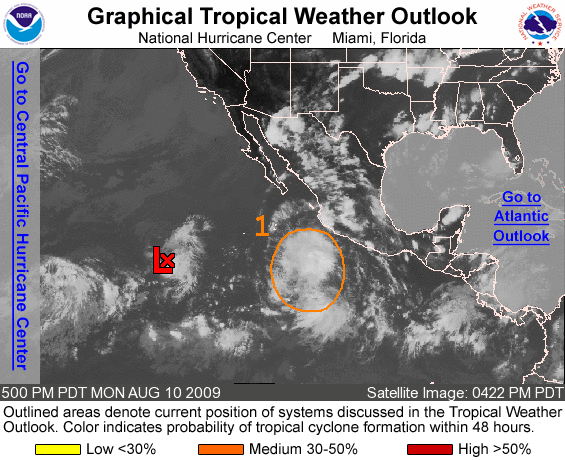
FOR THE EASTERN NORTH PACIFIC...EAST OF 140 DEGREES WEST LONGITUDE..

THE NATIONAL HURRICANE CENTER IS ISSUING ADVISORIES ON TROPICAL DEPRESSION NINE-E...LOCATED ABOUT 1075 MILES WEST-SOUTHWEST OF THE SOUTHERN TIP OF BAJA CALIFORNIA.

1. A BROAD AREA OF LOW PRESSURE LOCATED ABOUT 500 MILES SOUTH OF MANZANILLO MEXICO CONTINUES TO PRODUCE A LARGE AREA OF DISORGANIZED SHOWERS AND THUNDERSTORMS. UPPER-LEVEL CONDITIONS ARE EXPECTED TO BECOME MORE FAVORABLE FOR DEVELOPMENT OF THIS SYSTEM DURING THE NEXT COUPLE OF DAYS AS IT MOVES GENERALLY WESTWARD AROUND 15 MPH. THERE IS A MEDIUM CHANCE...30 TO 50 PERCENT...OF THIS SYSTEM BECOMING A TROPICAL CYCLONE DURING THE NEXT 48 HOURS.

ELSEWHERE...TROPICAL CYCLONE FORMATION IS NOT EXPECTED DURING THE NEXT 48 HOURS.

FORECASTER BROWN